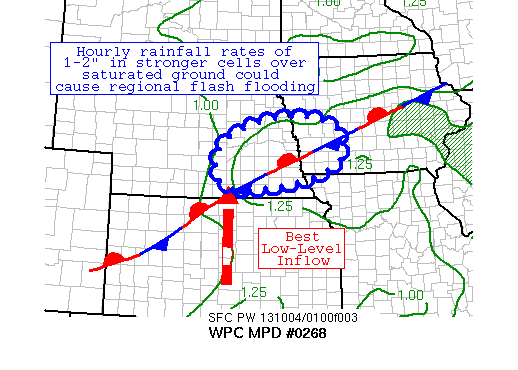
AREAS AFFECTED...SOUTHEAST NE...SOUTHWEST IA...FAR NORTHWEST MO

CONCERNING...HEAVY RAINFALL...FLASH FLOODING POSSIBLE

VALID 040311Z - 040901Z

SUMMARY...AN EXPANDING AREA OF THUNDERSTORMS WITH RAINFALL RATES
OF 1-2 INCHES AN HOUR OVER SATURATED GROUND COULD LEAD TO REGIONAL
FLASH FLOODING.

DISCUSSION...A STRENGTHENING LOW-LEVEL JET -- ON THE ORDER OF
40-50 KT -- HAS HELPED TO GENERATE A THUNDERSTORM AREA NEAR AND
BEHIND A STATIONARY FRONT ACROSS SOUTHEAST NE.  THE GUIDANCE THAT
HAS CAPTURED THIS DEVELOPMENT BEST HAVE BEEN THE 23-00Z HRRR, 12Z
NAM CONEST, AND 01-02Z RAP RUNS.  PRECIPITABLE WATER VALUES ARE
1.25-1.50 INCHES, WHICH IS IN THE 90TH PERCENTILE FOR EARLY
OCTOBER, SUPPORTIVE OF EFFICIENT RAINFALL RATES.  THE LATEST RADAR
IMAGERY SHOWS RAINFALL RATES OF 1-2 INCHES AN HOUR, OVER AN AREA
WHERE FLASH FLOOD GUIDANCE VALUES ARE FAIRLY LOW -- ON THE ORDER
OF 1.5-2 INCHES IN THREE HOURS.
CAPE VALUES, PER THE 12Z ARW GUIDANCE, ARE IN THE 2000-2500 J/KG
RANGE, WHICH COMBINED WITH THE AVAILABLE 0-2.5 KM SHEAR WOULD
NORMALLY INDICATE A FORWARD-PROPAGATING ORGANIZED CONVECTIVE
COMPLEX, DRIVEN AHEAD BY A LOW-LEVEL COOL POOL.  THE PROBLEM
OVERNIGHT IS THAT ANY COOL POOL IS MORE LIKELY TO REINFORCE THE
EXISTING FRONTAL ZONE RATHER THAN ACCELERATE OFF TO THE EAST OR
SOUTH, WHICH IS DIFFERENT THAN LAST NIGHT'S CONVECTIVE SCENARIO.
IT IS EXPECTED THAT A LENGTHENING CONVECTIVE BAND WOULD FORM NEAR
AND BEHIND THE SURFACE FRONT AS CIN VALUES INCREASE OVERNIGHT,
WHICH COULD ALSO ACT TO ADJUST THE ONGOING CONVECTIVE BAND
NORTHWARD.  CORFIDI VECTORS ARE FROM WEST TO EAST AT 5-10 KTS.
CONSIDERING THE ABOVE, SLOW EAST-NORTHEAST EXPANSION OF THE
CONVECTIVE AREA AT AROUND 10 KTS IS ANTICIPATED.

THE LOW-LEVEL JET IS EXPECTED TO REMAIN QUASI-STATIONARY AND
STRENGTHEN SLIGHTLY MORE THROUGH 06Z, BEFORE BEGINNING TO VEER
THEREAFTER.  DUE TO VEERING LOW-LEVEL INFLOW BY 09Z WHICH SHOULD
INDICATE GREATER EASTWARD MOTION OF THE CONVECTIVE AREA, CHOSE 09Z
AS THE VALID TIME OF THE MPD.